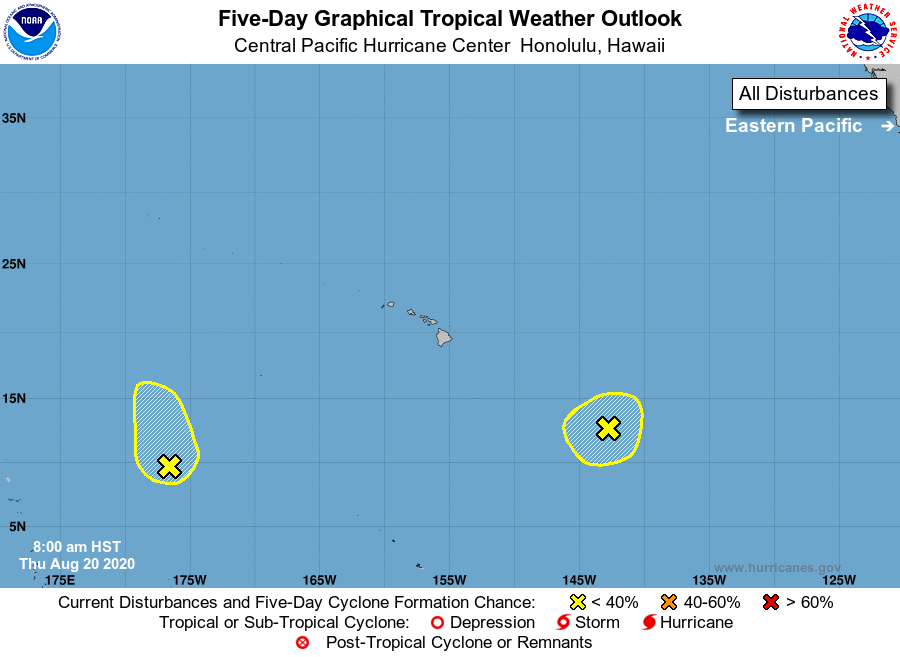
For the central North Pacific...between 140W and 180W:

1. Showers and thunderstorms have increased but remain disorganized with an area of low pressure located around 1300 miles southwest of Honolulu, Hawaii. Environmental conditions are not expected to be very conducive for development in the Central Pacific basin as the system moves toward the west near 10 mph.
* Formation chance through 48 hours...low...10 percent.
* Formation chance through 5 days...low...10 percent.

An area of showers and thunderstorms located 850 miles southeast of Hilo, Hawaii is forecast to linger in that area for the next few days. The showers and thunderstorms are the remnants of Tropical Depression Ten-E. Environmental conditions do not appear conducive for development, and regeneration of this system is not anticipated.

2.
* Formation chance through 48 hours...low...near 0 percent.
* Formation chance through 5 days...low...10 percent.

Elsewhere, no tropical cyclones are expected during the next 5 days.

Forecaster TS